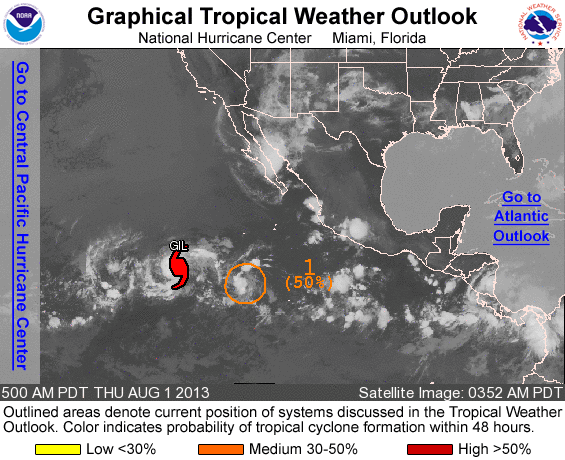
FOR THE EASTERN NORTH PACIFIC...EAST OF 140 DEGREES WEST LONGITUDE..

THE NATIONAL HURRICANE CENTER IS ISSUING ADVISORIES ON HURRICANE GIL...LOCATED WELL TO THE SOUTHWEST OF THE SOUTHERN TIP OF THE BAJA CALIFORNIA PENINSULA.

1. SHOWERS AND THUNDERSTORMS ASSOCIATED WITH A LOW PRESSURE SYSTEM LOCATED ABOUT 775 MILES SOUTH-SOUTHWEST OF THE SOUTHERN TIP OF THE BAJA CALIFORNIA PENINSULA HAVE CHANGED LITTLE IN ORGANIZATION DURING THE PAST SEVERAL HOURS. THIS SYSTEM IS MOVING WESTWARD AT 10 MPH AND CONTINUES TO HAVE A MEDIUM CHANCE...50 PERCENT...OF BECOMING A TROPICAL CYCLONE DURING THE NEXT 48 HOURS. CONDITIONS ARE EXPECTED TO REMAIN MARGINALLY CONDUCIVE FOR DEVELOPMENT AFTER THAT...AND THIS SYSTEM HAS A HIGH CHANCE...60 PERCENT...OF BECOMING A TROPICAL CYCLONE DURING THE NEXT 5 DAYS.

FIVE-DAY FORMATION PROBABILITIES ARE EXPERIMENTAL IN 2013. COMMENTS ON THE EXPERIMENTAL FORECASTS CAN BE PROVIDED AT...USE LOWER CASE...

HTTP://WWW.NWS.NOAA.GOV/SURVEY/NWS-SURVEY.PHP?CODE=ETWO

FORECASTER AVILA